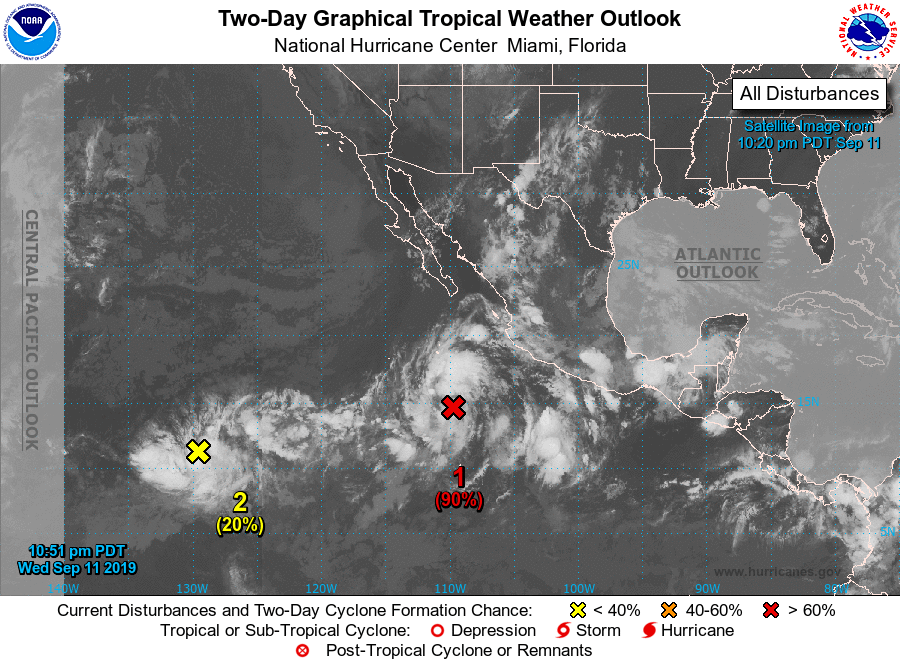
For the eastern North Pacific...east of 140 degrees west longitude:

1. Recent satellite-derived wind data indicate that the circulation associated with an area of low pressure located about 550 miles south of the southern tip of the Baja California peninsula remains broad and somewhat elongated. However, the associated shower and thunderstorm activity is gradually becoming better organized, and the system is expected to become a tropical depression on Thursday while it moves west-northwestward at about 10 mph. For additional information on this system, please refer to High Seas Forecasts issued by the National Weather Service.
* Formation chance through 48 hours...high...90 percent.
* Formation chance through 5 days...high...90 percent.

2. A tropical wave located about 1500 miles southwest of the southern tip of the Baja California peninsula continues to produce disorganized showers and thunderstorms. Some slow development of this disturbance is possible during the next few days while the system moves slowly westward at 5 to 10 mph.
* Formation chance through 48 hours...low...20 percent.
* Formation chance through 5 days...low...30 percent.

3. An area of low pressure is expected to form west of the coast of Central America over the weekend. Development of this system is possible early next week while it moves westward well south of the southern coast of Mexico.
* Formation chance through 48 hours...low...near 0 percent.
* Formation chance through 5 days...low...30 percent.

High Seas Forecasts issued by the National Weather Service can be found under AWIPS header NFDHSFEPI, WMO header FZPN02 KWBC, and on the web at ocean.weather.gov/shtml/NFDHSFEPI.php

Forecaster Berg